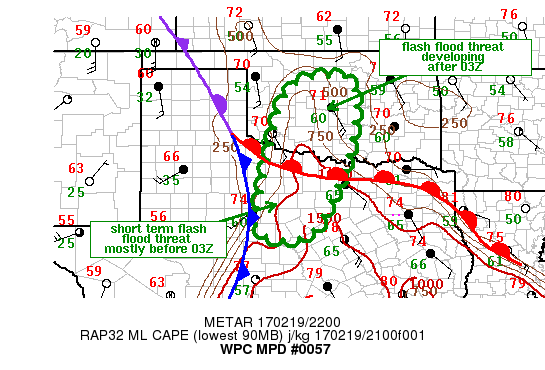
AREAS AFFECTED...PORTIONS OF NWRN AND N-CNTRL TX INTO SWRN AND
CNTRL OK

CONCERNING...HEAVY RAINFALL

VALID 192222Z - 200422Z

SUMMARY...TRAINING AND BACK BUILDING OF CONVECTION MAY LEAD TO A
FEW FLASH FLOODING CONCERNS FROM PORTIONS OF NWRN TX INTO PORTIONS
OF SWRN/CNTRL OK. THE THREAT IS EXPECTED TO INCREASE BEYOND
00Z...BUT SOME LOCALIZED ISSUES MAY DEVELOP IN THE NEXT HOUR OR
TWO.

DISCUSSION...22Z SURFACE OBSERVATIONS PLACED AN OCCLUDED/COLD
FRONT SLOWLY EDGING EAST ACROSS WEST TEXAS WITH A WARM FRONT
EXTENDING EWD FROM THE TRIPLE POINT...ABOUT 20-40 MI SOUTH OF THE
RED RIVER. THE COLD FRONT WAS LOCATED AHEAD OF A SRN STREAM
MID-UPPER LEVEL TROUGH ADVANCING EWD ACROSS THE SRN ROCKIES. 12Z
SOUNDINGS FROM MAF AND DRT SHOWED A WARM NOSE CENTERED NEAR 850 MB
ABOVE A SHALLOW LAYER OF MOISTURE. AS THE UPPER TROUGH HAS
CONTINUED TO ADVANCE EAST THIS AFTERNOON...MOISTURE ADVECTION HAS
SIGNIFICANT INCREASED IN THE 850-700 MB LAYER AS SEEN IN THE CIRA
LAYERED PW PRODUCT...AND THE WARM NOSE HAS ERODED ENOUGH TO ALLOW
SCATTERED SHOWERS TO DEVELOP ACROSS W-CNTRL TX AND PORTIONS OF
NWRN TX AS SEEN ON REGIONAL RADAR IMAGERY.

RECENT HI-RES SIMULATED REFLECTIVITY SHOWS INCREASING COVERAGE OF
CONVECTION ACROSS NWRN TX INTO SWRN OK OVER THE NEXT FEW HOURS AS
THE UPPER TROUGH CONTINUES TO ADVANCE EAST AND GREATER UPPER LEVEL
DIFFLUENCE OVERSPREADS THE REGION. SHORT TERM MODEL FORECASTS ARE
IN AGREEMENT WITH 850 MB WINDS INCREASING INTO THE 40-5O KT RANGE
AHEAD OF THE COLD FRONT WHICH WILL CONTINUE TO INCREASE
PRECIPITABLE WATER VALUES ACROSS TX INTO OK. WHILE THE STRONGER
850 MB FLOW IS EXPECTED TO OCCUR ALONG AND EAST OF THE I-35
CORRIDOR IN THE 03-06Z TIME FRAME...SHORTER TERM TRAINING MAY BE
OBSERVED FARTHER SOUTH AND WEST AS CELLS INCREASE IN NUMBER WITHIN
THE UNIDIRECTIONAL FLOW REGIME. PORTIONS OF THE MPD THREAT AREA
HAVE RECEIVED 2-4 INCHES OF RAINFALL OVER THE PAST 2 WEEKS WHICH
HAS LOWERED FLASH FLOOD GUIDANCE...CURRENTLY SHOWING 2-3 INCHES IN
3 HR. 3 HOUR RAINFALL OF 2-3 INCHES WILL BE POSSIBLE ANYWHERE
WITHIN THE MPD THREAT AREA THROUGH 05Z.